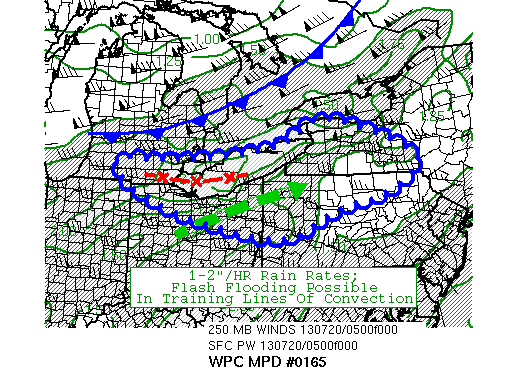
AREAS AFFECTED...SERN LOWER MI/NERN OH/NWRN PA INTO WRN NY

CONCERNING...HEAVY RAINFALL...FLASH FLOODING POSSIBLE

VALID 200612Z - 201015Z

SUMMARY...A SHARP THERMAL ZONE IS SLICING THROUGH THE GREAT LAKES
REGION TRIGGERING SEVERAL CONSOLIDATED LINES OF ACTIVE CONVECTIVE
HEAVY RAINFALL WITH SIGNS OF POSSIBLE TRAINING.

DISCUSSION...A SHARP THERMAL ZONE ACTING ON TREMENDOUS UPPER JET
DYNAMICS AND A NARROW BUT VERY ANOMALOUS MOISTURE ZONE IS
TRIGGERING SEVERAL LINES OF ACTIVE CONVECTION AND HEAVY RAINFALL.
TWO LINE SEGMENTS MOVED OFF LAKE ERIE EARLIER AND DISSIPATED
QUICKLY BUT MORE UPSTREAM ACTIVITY SEEM PRIME FOR POTENTIAL
TRAINING OVER THE NEXT SEVERAL HRS... AS PARTS OF ERIE/NIAGARA AND
ORLEANS IN WRN NEW YORK STATE SAW 2 TO 3.25 INCHES EARLIER AND IN
THE LAST THREE HRS KZO/BTL IN LOWER MI SAW 1.5 TO 1.8 INCHES VIA
MESONET DATA. 04Z ANALYSIS SHOWED A VERY NARROW ZONE OF 2 TO 2.25
INCH PWS WITH STEADY SWRLY/WSWRLY MOIST INFLOW AT 850MB...
FAVORABLE FOR HEAVY RAIN POTENTIAL. ADD IN THAT FROM 06Z TO 09Z
ALL OF THE GLOBAL MODELS FAVOR RIGHT HAND ENTRANCE REGION UPPER
JET DYNAMICS AT 250MB IN THIS VICINITY AND THESE MULTIPLE LINES
COULD FORM INTO ONE SOLID ONE. 1 HR FFG IS GENERALLY AROUND 2
INCHES OR GREATER WITH SLIGHTLY LOWER NUMBERS IN NERN OH/SERN LWR
MI AND NWRN PA OF 1.5 INCHES... THUS WILL HIGHLIGHT THE ENTIRE
REGION FOR LOCALIZED FLASH FLOODING POTENTIAL.